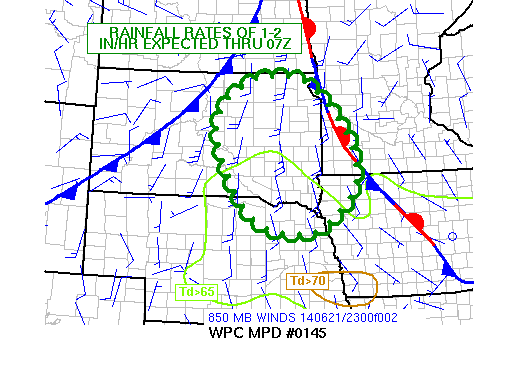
AREAS AFFECTED...ERN SOUTH DAKOTA / SWRN MINNESOTA INTO NERN
NEBRASKA / NWRN IOWA

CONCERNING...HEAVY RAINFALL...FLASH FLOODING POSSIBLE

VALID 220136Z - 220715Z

SUMMARY...THE THREAT FOR FLASH FLOODING IS EXPECTED TO INCREASE
OVERNIGHT AS AN ONGOING CONVECTIVE CLUSTER OVER SOUTH DAKOTA MOVES
INTO A REGION OF UNTAPPED INSTABILITY. RAINFALL RATES OF 1 TO 2
IN/HR AND 2 TO 3 IN/3HR ARE EXPECTED THROUGH 07Z.

DISCUSSION...RECENT REGIONAL RADAR TRENDS ACROSS THE CNTRL AND ERN
DAKOTAS HAVE SHOWN AN INCREASE IN COVERAGE OF CONVECTIVE RAINFALL
WITH DUAL POL ESTIMATES OF 1 TO 2 IN/HR FROM KABR WITHIN THE
STRONGEST CORES. IN ADDITION...AN OUTFLOW BOUNDARY WAS OBSERVED
SINKING SWD THROUGH ERN SOUTH DAKOTA AT 115Z WITH REGENERATION OF
CELLS JUST NORTH OF THE BOUNDARY. SURFACE DEWPOINT OBSERVATIONS
FROM 01Z SUGGEST THE GREATEST BOUNDARY LAYER MOISTURE WAS PRESENT
OVER ERN NEBRASKA / WRN IOWA INTO SERN SOUTH DAKOTA ALLOWING
ESTIMATED ML CAPE VALUES OF 2000 - 3000 J/KG PER RECENT SPC
MESOANALYSIS WEBPAGE.

WHILE NOT PARTICULARLY STRONG AT THE MOMENT...SLY LOW LEVEL INFLOW
NEAR 850 MB OF 20 KTS IS EXPECTED TO INCREASE ANOTHER 5 TO 10 KTS
OVER THE NEXT 3 TO 6 HOURS IN ADVANCE OF AN APPROACHING COLD
FRONT. THE SLY FETCH SHOULD CONTINUE TO FEED A MOIST AND UNSTABLE
AIRMASS INTO ERN SOUTH DAKOTA...SUPPORTING THE CONTINUATION OF
CONVECTION WITH A LIKELY ADVANCEMENT TOWARD THE SOUTHEAST PER
CORFIDI VECTORS. THIS IDEA IS MOST SUPPORTED BY RECENT RUNS OF THE
HRRR AND 12Z NSSL WRF WHICH FOCUS THE HEAVIEST RAINFALL THROUGH
12Z IN THE VICINITY OF EXTREME SERN SOUTH DAKOTA. THIS SITUATION
WILL CONTINUE TO BE MONITORED AND UPDATED AS NEEDED...BUT
MEANWHILE...CURRENT FFG OF 1 TO 2 IN/HR COULD BE MET ON A REGIONAL
BASIS ACROSS THE THREAT AREA.